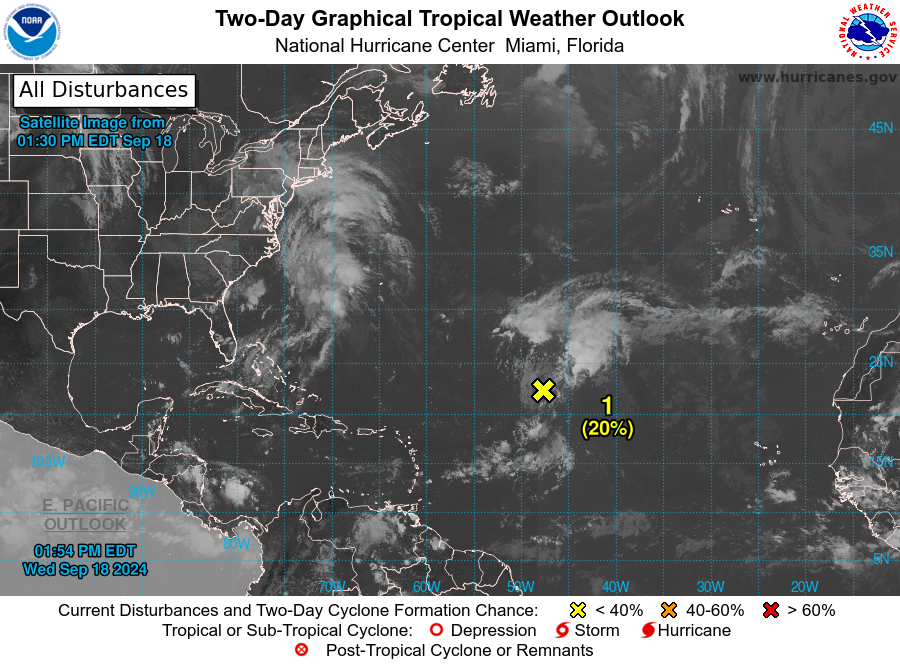
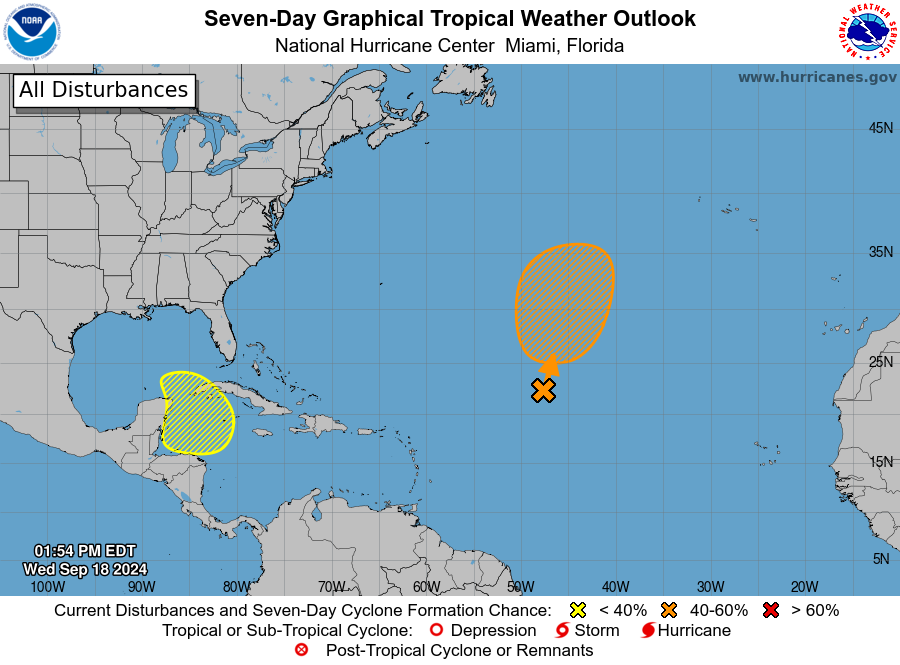
For the North Atlantic...Caribbean Sea and the Gulf of Mexico:

1. Central Subtropical Atlantic (Remnants of Gordon): An area of disorganized showers and thunderstorms located over the central tropical Atlantic is associated with the remnants of Gordon. This system is forecast to interact with a non-tropical low to its northwest while moving north-northeastward at 5 to 10 mph during the next couple of days. Environmental conditions could become more conducive for development later this week, and a tropical depression or storm could re-form in a few days while the system moves slowly northward over the central subtropical Atlantic.
* Formation chance through 48 hours...low...20 percent.
* Formation chance through 7 days...medium...50 percent.

2. Northwestern Caribbean Sea: A broad area of low pressure could form late this weekend or early next week over the northwestern Caribbean Sea. Thereafter, some slow development of this system is possible through the middle of next week while it moves slowly to the north or northwest over the northwestern Caribbean Sea or the southeastern Gulf of Mexico.
* Formation chance through 48 hours...low...near 0 percent.
* Formation chance through 7 days...low...20 percent.

Forecaster Pasch